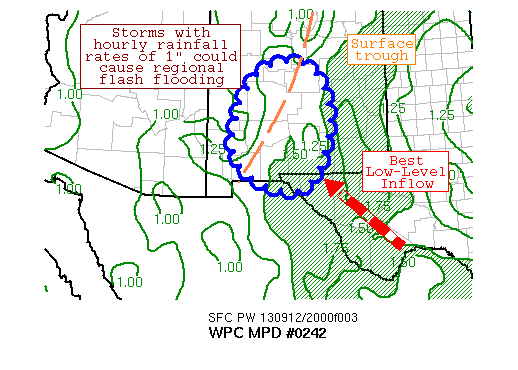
AREAS AFFECTED...SOUTH-CENTRAL NM

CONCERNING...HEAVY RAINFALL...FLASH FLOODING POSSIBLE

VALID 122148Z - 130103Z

SUMMARY...HEAVY RAINFALL IS SPREADING ACROSS AREAS WITH SATURATED
SOILS ACROSS SOUTHERN NM.  REGIONAL FLASH FLOODING IS CONSIDERED
POSSIBLE IN THIS AREA.

DISCUSSION...LOW-LEVEL INFLOW UP THE RIO GRANDE VALLEY OF 20-25
KNOTS HAS BEEN STREAMING TOWARDS A SURFACE TROUGH FEEDING
THUNDERSTORM ACTIVITY WHICH HAS MOVED NORTHWARD FROM WESTERNMOST
TX INTO SOUTHERN NM.  NEW CELLS ARE ATTEMPTING TO DEVELOP NEAR
RUIDOSO AND BAYARD NM.  THE AREA IS DIVERGENT ALOFT TO THE
SOUTHEAST OF A DEEP-LAYERED CYCLONE ACROSS NORTHERN NV.  THE
STORMS HAVE HAD RECENT RAINFALL RATES OF AN INCH AN HOUR, WHICH
WELL EXCEED FLASH FLOOD GUIDANCE VALUES IN THE REGION.  THE
EFFICIENT RAINFALL RATES ARE BEING FED BY PRECIPITABLE WATER
VALUES OF 1.50-1.75 INCHES, WHICH ARE IN THE 95TH PERCENTILE FOR
MID-SEPTEMBER.

THUNDERSTORMS ARE EXPECTED TO CONTINUE MOVING NORTHWARD AT 5-10
KNOTS PER 850-400 HPA MEAN LAYERED WINDS.  SOME OF THE NEW
ACTIVITY ACROSS NORTH-CENTRAL MEXICO SHOULD MOVE INTO THIS AREA
FROM THE SOUTH, PER THOUGHTS FROM SAB AND RECENT SATELLITE TRENDS.
 SHOULD CELLS ORGANIZE, THEY COULD START DRIFTING EASTWARD PER THE
12Z GFS CORFIDI VECTORS, SO ALLOWED SOME EAST-WEST WIDTH OF THE
DEFINED AREA TO COMPENSATE FOR THIS POSSIBILITY.  THE 12Z ARW
INDICATES THAT CAPE VALUES IN THE REGION OF 500-1000 J/KG SHOULD
BEGIN TO FADE AROUND 01Z, SO CHOSE THIS AS THE TIME HORIZON OF THE
MPD.  THE SLOW CELL MOVEMENT EXPECTED AND THE LOW FLASH FLOOD
GUIDANCE VALUES IN THE REGION -- ON THE ORDER OF AN INCH IN THREE
HOURS -- ARE BIG PLUSES FOR REGIONAL FLASH FLOODING.  HOWEVER,
SCATTERED CELL COVERAGE SHOULD LEAD TO REGIONAL FLASH FLOODING
BEING POSSIBLE ACROSS SOUTH-CENTRAL NM.